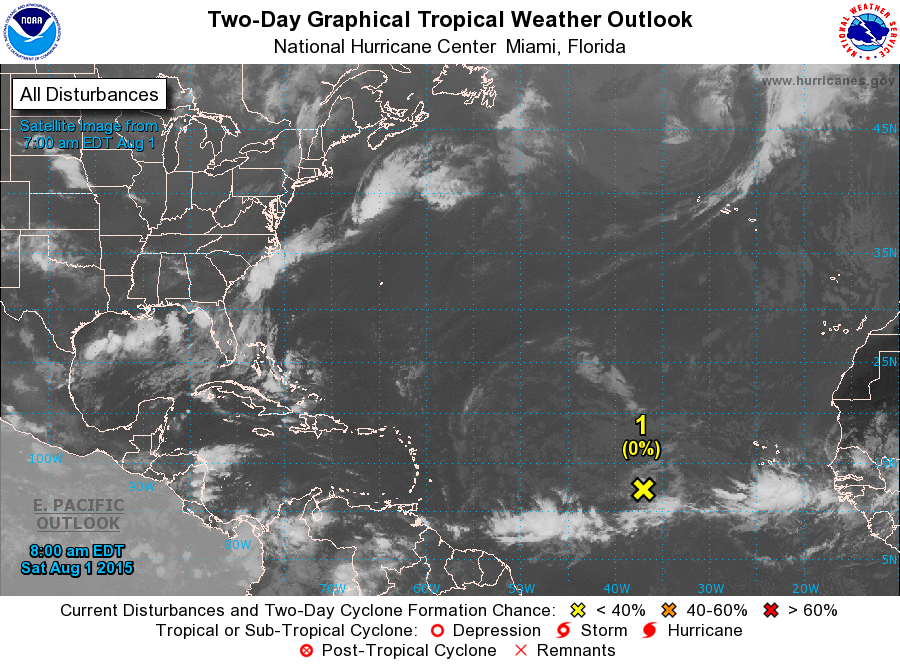
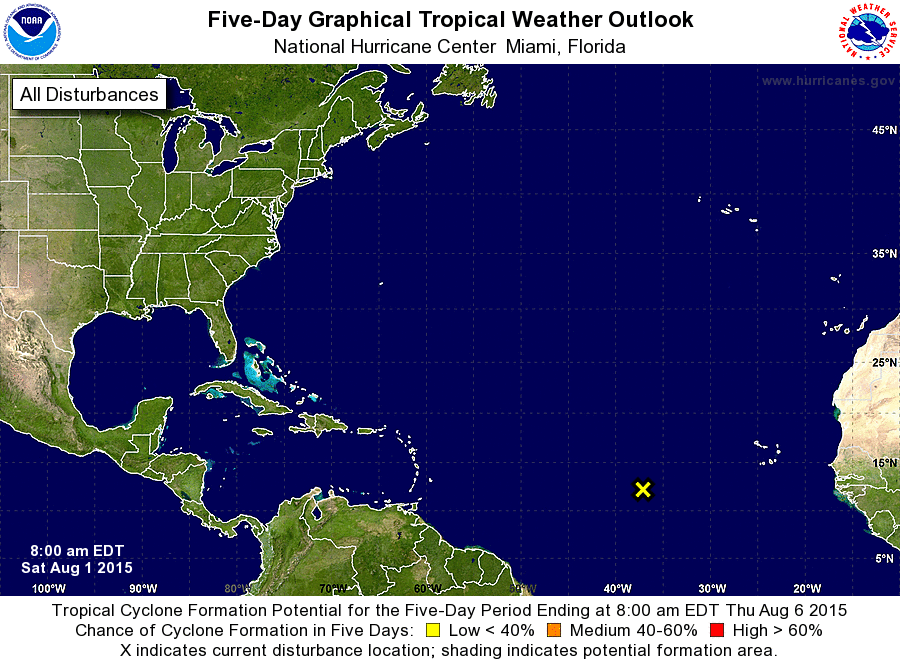
For the North Atlantic...Caribbean Sea and the Gulf of Mexico:

1. Showers and thunderstorms near a weak area of low pressure located well to the west-southwest of the Cape Verde Islands have been diminishing. Environmental conditions are not favorable, and development of this system is not expected while it moves westward at about 10 mph.
* Formation chance through 48 hours...low...near 0 percent
* Formation chance through 5 days...low...near 0 percent

Forecaster Berg